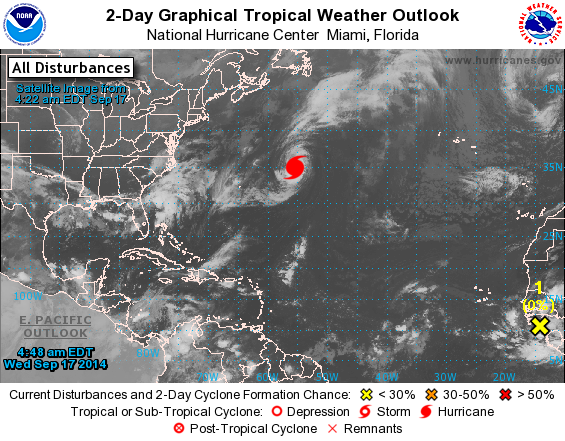
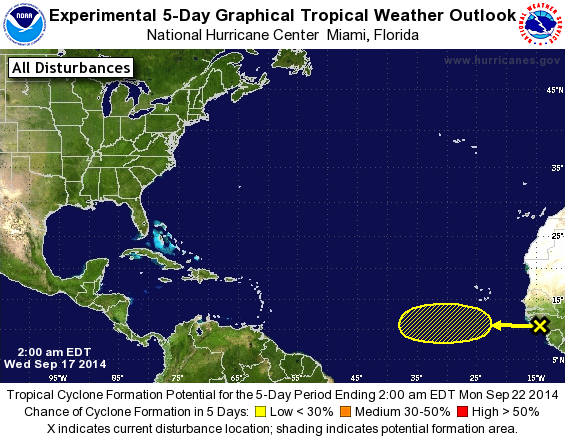
For the North Atlantic...Caribbean Sea and the Gulf of Mexico:

The National Hurricane Center is issuing advisories on Hurricane Edouard, located about 500 miles east-northeast of Bermuda.

1. A weak tropical wave is forecast to move off the west coast of Africa later today. Development of this system is not expected through Thursday, and any development through the weekend is expected to be slow to occur while the system moves westward at 10 to 15 mph over the eastern Atlantic.
* Formation chance through 48 hours...low...near 0 percent.
* Formation chance through 5 days...low...10 percent.

Forecaster Berg